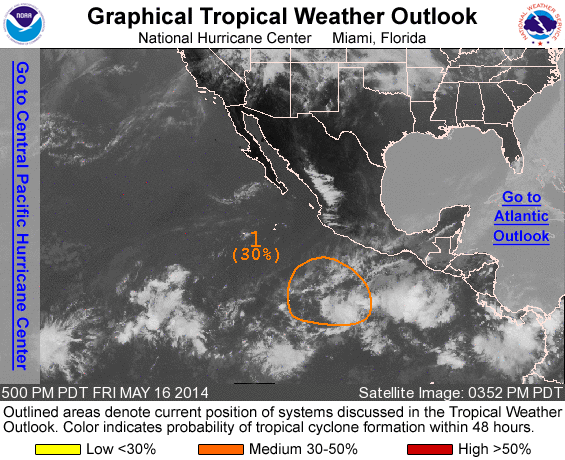
For the eastern North Pacific...east of 140 degrees west longitude:

Systems with the potential to become a tropical cyclone during the next 48 hours...

1. Satellite data indicate that a low pressure system has developed several hundred miles south of Acapulco, Mexico. Shower and thunderstorm activity has increased and become a little better organized over the past several hours, and environmental conditions are expected to be conducive for additional development to occur during the next few days while the system moves slowly westward to west-northwestward.
* Formation chance through 48 hours...medium...30 percent
* Formation chance through 5 days...medium...50 percent

Forecaster Stewart